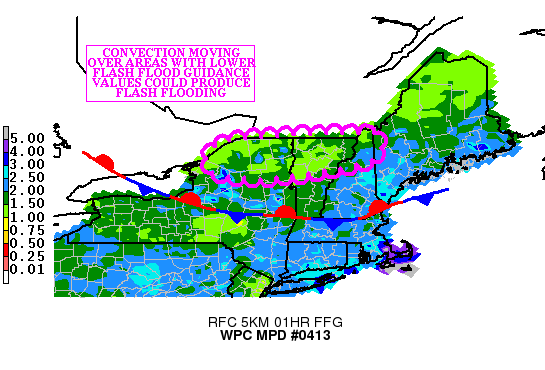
AREAS AFFECTED...NORTHERN NY STATE/NORTHERN VT /NORTHERN NH

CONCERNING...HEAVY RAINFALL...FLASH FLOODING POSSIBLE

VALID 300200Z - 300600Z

SUMMARY...CONVECTION MOVING ACROSS AREAS WITH LOWER FLASH FLOOD
GUIDANCE VALUES COULD RESULT IN A FLASH FLOOD THREAT INTO THE
EARLY MORNING HOURS.

DISCUSSION...REGIONAL RADARS ACROSS NORTHERN NEW ENGLAND SHOWED
CONVECTION FORMING AHEAD OF A WEAK SHORT WAVE CROSSING SOUTHEAST
ONTARIO. 00Z SOUNDINGS FROM WMW AND KCAR SHOWED MINIMAL
INSTABILITY AHEAD OF THE SHORT WAVE (NORTH OF A STATIONARY FRONT
ACROSS CENTRAL NY STATE INTO CENTRAL NEW ENGLAND)...WITH MLCAPE
VALUES GENERALLY LESS THAN 500 J/KG.

THE CONVECTION IS FORMING/MOVING ALONG A MOISTURE AXIS...WITH
PRECIPITABLE WATER VALUES NEAR 1.50 INCHES (CONFIRMED BY THE 00Z
WMW SOUNDING). THE CONVECTION IS MOVING FROM WEST TO EAST ALONG AN
ELEVATED BOUNDARY EXTENDING FROM FAR SOUTHEAST ONTARIO INTO
WESTERN ME. THE KTYX RADAR SHOWED HOURLY RAINFALL RATES NEAR 1.25
INCHES...AND CONSIDERING THE DEPTH OF MOISTURE IN THE SOUNDINGS
ACROSS NORTHERN NEW ENGLAND...THESE VALUES SEEM PLAUSIBLE.

THE SHORT WAVE IS EXPECTED TO CROSS NORTHERN NEW ENGLAND THROUGH
06Z. THE SYNOPTIC SCALE ASCENT SHOULD AUGMENT THE MINIMAL
INSTABILITY IN THE MOIST COLUMN TO PRODUCE AREAS OF 1.00 TO 2.00
INCHES OF RAINFALL FROM NORTHEAST NY STATE ACROSS NORTHERN VT. THE
LATEST HRRR SHOWED THIS SCENARIO...AND THE AMOUNTS SEEM REASONABLE
BASED ON WHAT IS OCCURRING UPSTREAM NOW.

ONE HOUR FLASH FLOOD GUIDANCE VALUES ARE AS LOW AS 1.00 TO 1.50
INCHES ACROSS A LARGE AREA OF NORTHERN NY STATE INTO NORTHERN VT.
THESE LOWER VALUES SEEM ATTAINABLE AS THE LOW TOPPED CONVECTION
MOVES EASTWARD...SO FLASH FLOODING IS CONSIDERED POSSIBLE INTO THE
EARLY MORNING HOURS.